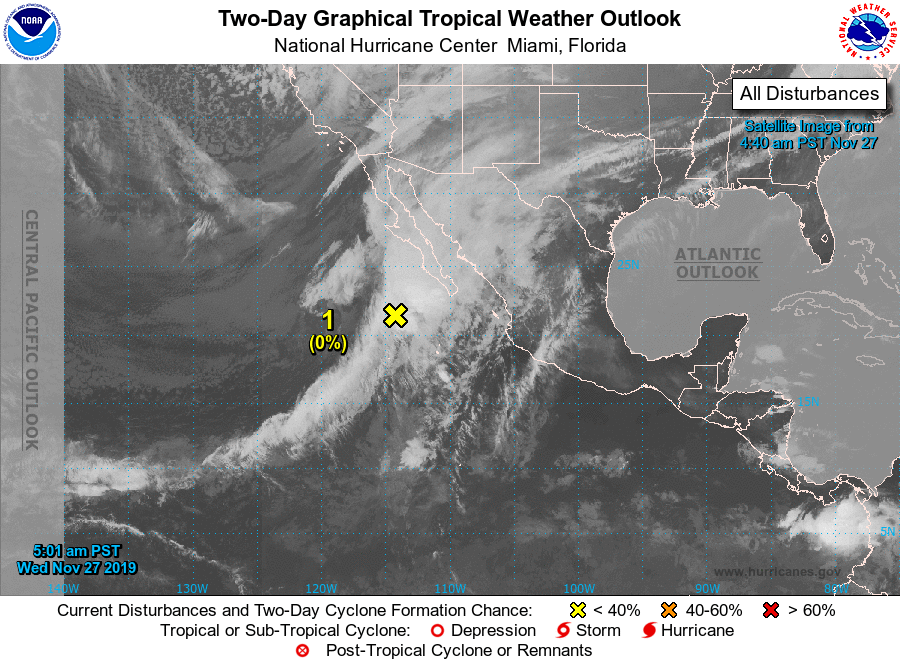
For the eastern North Pacific...east of 140 degrees west longitude:

1. A broad non-tropical area of low pressure is producing a large area of disorganized showers and thunderstorms from northwestern Mexico southwestward across the Baja California peninsula and over the eastern Pacific for several hundred miles. Although this system is not expected to become a tropical cyclone, it will likely produce heavy rains and strong winds over portions of the Baja California peninsula, the Gulf of California, and northwestern Mexico through early Thursday. This rainfall could cause life-threatening flash floods and mudslides. For additional information on the rainfall threat in Mexico, please see products issued by the Mexican Weather Service. For information on marine hazards, see High Seas Forecasts issued by the National Weather Service.
* Formation chance through 48 hours...low...near 0 percent.
* Formation chance through 5 days...low...near 0 percent.

High Seas Forecasts issued by the National Weather Service can be found under AWIPS header NFDHSFEPI, WMO header FZPN02 KWBC, and on the web at ocean.weather.gov/shtml/NFDHSFEPI.php

Information on the rainfall threat in Mexico from CONAGUA can be found on the web at www.gob.mx/conagua

Forecaster Beven